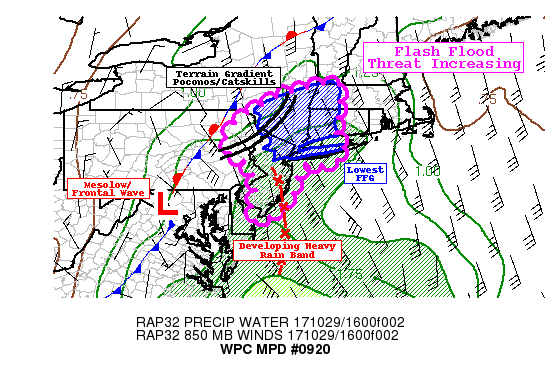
AREAS AFFECTED...NJ...E PA...S NY...LONG ISL...W CT...W MA

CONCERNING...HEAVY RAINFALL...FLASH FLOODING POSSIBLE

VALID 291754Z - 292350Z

SUMMARY...THE THREAT OF FLASH FLOODING WILL GRADUALLY INCREASE
OVER THE COURSE OF THE AFTERNOON WITH A MORE SIGNIFICANT RAMP UP
IN RAIN RATES EXPECTED WITH A SURGE OF TROPICAL MOISTURE AROUND
6-8 PM EDT (22-00Z). THE FLASH FLOOD THREAT WILL BE HIGHEST IN
URBAN AREAS...PARTICULARLY NEW YORK CITY METRO AREA...AND IN AREAS
OF TERRAIN IN SRN NEW YORK...WRN CONNECTICUT...AND WRN
MASSACHUSETTS.

DISCUSSION...RAIN WAS BEGINNING TO INCREASE ACROSS THE REGION AS
STRONG LOW-MID LEVEL MOISTURE TRANSPORT CONTINUES DOWNSTREAM OF AN
AMPLIFIED TROUGH. THUS FAR RAIN BANDS HAVE BEEN SOMEWHAT
DISORGANIZED...WITH GREATER ORGANIZATION EXPECTED TO ARRIVE WITH
STRONGER FORCING THIS EVENING AS THE NEGATIVE TILT SHORTWAVE AND
RAPIDLY DEEPENING SURFACE LOW APPROACH. HOWEVER...BETWEEN 17Z AND
18Z...SHALLOW RAIN BANDS WERE BECOMING MORE FOCUSED NEAR AND JUST
OFFSHORE OF THE NEW JERSEY COASTLINE. THIS WAS LIKELY OCCURRING TO
THE EAST OF A WEAK LOW-LEVEL FRONTAL WAVE...WITH BOUNDARY LAYER
CONVERGENCE AND LOW-LEVEL MOISTURE TRANSPORT BRIEFLY MAXIMIZED TO
THE EAST...IN THE VICINITY OF NJ. THESE FOCUSING MECHANISMS FOR
SHALLOW CONVECTIVE RAIN BANDS SHOULD GRADUALLY WANE IN INTENSITY
AS THE DOMINANT FORCING FEATURE BECOMES THE EVOLVING CYCLONE TO
THE SOUTH. HOWEVER OVER THE NEXT FEW HOURS (18-22Z)...FLASH
FLOODING MAY BEGIN TO DEVELOP IN AREAS WHERE CONVECTIVE RAIN BANDS
ARE A LITTLE MORE PERSISTENT. RAIN RATES UP TO AROUND 1.0 TO 1.25
IN/HR SEEM POSSIBLE PRIOR TO THE MAIN ROUND OF RAINFALL.

THE NATIONAL WATER MODEL SOIL MOISTURE ANALYSIS AND FLASH FLOOD
GUIDANCE INDICATE THAT SOIL CONDITIONS WILL LIKELY BE MOST
FAVORABLE FOR FLOODING FROM NRN NJ AND SRN NY TO THE
NORTHEAST...AT LEAST INITIALLY. SOME OF THE LOWEST FFG VALUES ARE
IN THE URBAN CORRIDOR OF N/NE NEW JERSEY AND THE NEW YORK CITY
METRO AREA. REGIONAL RADARS ALSO SHOW THAT THE LARGER AREA OF RAIN
IS BEGINNING TO REACH SOME OF THE INLAND TERRAIN FEATURES...AND
RATES COULD BEGIN TO INCREASE WHERE INCREASINGLY MOIST LOW-MID
LEVEL FLOW IS ANGLED FAVORABLY TO INTERCEPT THE TERRAIN GRADIENT.
THIS SEEMS MOST LIKELY IN THE POCONOS AND CATSKILLS. LIGHT TO
MODERATE RAIN OVER THE NEXT SEVERAL HOURS MAY ALSO BEGIN TO PRIME
OTHER LOCATIONS IN THE REGION FOR FLASH FLOODING WHEN THE MAIN
ROUND OF RAIN ARRIVES IN THE EVENING.

REGARDING THE ARRIVAL OF DEEPER TROPICAL MOISTURE...EXTRAPOLATION
OF OFFSHORE TRENDS FROM THE PAST SEVERAL AMSU 89GHZ PASSES
(02-14Z) SUGGEST THE SURGE OF MOISTURE SHOULD ARRIVE IN THE
COASTAL PORTIONS OF THE REGION AROUND 22-00Z...ACCOUNTING FOR SOME
SLIGHT EXPECTED ACCELERATION. THIS CLOSELY MATCHES AVAILABLE
HI-RES MODEL GUIDANCE...WHICH ALL INDICATE AN INCREASE IN RAIN
RATES AROUND THAT TIME IN THE MPD AREA WITH MORE ORGANIZED BANDING
OF HEAVY RAIN. THIS IS WHEN THE FLASH FLOOD THREAT SHOULD NOTABLY
INCREASE ACROSS THE ENTIRE REGION.

GIVEN THE SHALLOW NATURE OF ANY CONVECTIVE RAIN BANDS...AND THE
INCREASING LOW-MID LEVEL MOISTURE...WARM RAIN PROCESSES SHOULD BE
DOMINANT AND RADARS MAY UNDERESTIMATE RAIN RATES ACROSS THE REGION.